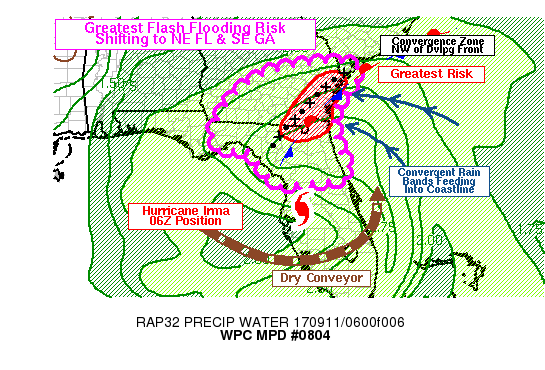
AREAS AFFECTED...NORTHEAST FL...SOUTHEAST GA

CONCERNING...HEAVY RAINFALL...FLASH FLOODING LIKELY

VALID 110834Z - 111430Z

SUMMARY...FLASH FLOODING WILL BE POSSIBLE GENERALLY TO THE NORTH
OF HURRICANE IRMA'S CENTER...WITH THE GREATEST RISK SHIFTING TO
SOUTHEAST GEORGIA AND FAR NORTHEAST FLORIDA.

DISCUSSION...DRY AIR IN THE MID-UPPER LEVELS OF THE TROPOSPHERE
WAS CONTINUING TO WRAP AROUND THE SOUTHERN SIDE OF IRMA'S
CIRCULATION...EVIDENT ON CIRA LAYER TPW PRODUCTS IN THE 700-500MB
AND 500-300MB LAYERS. A NARROW CHANNEL OF THIS DRY AIR HAD EVEN
WRAPPED AROUND TO THE NORTHEAST SIDE OF IRMA...IMMEDIATELY BEHIND
A PRIMARY SPIRAL RAIN BAND. THIS SHOULD LIMIT THE RAIN RATES IN
THE SOUTHERN SEMICIRCLE OF IRMA DESPITE CONTINUED ABUNDANT
LOW-LEVEL MOISTURE...RAIN SOUTH OF THE I-4 CORRIDOR WILL TREND
INCREASINGLY TOWARD SHALLOW TROPICAL RAIN SHOWERS.

TO THE NORTH...FLASH FLOODING WILL BE POSSIBLE ACROSS THE
HIGHLIGHTED AREA...BUT THE GREATEST RISK WILL BE SHIFTING INTO FAR
NORTHEAST FLORIDA AND SOUTHEAST GEORGIA. A FRONT WAS BECOMING
BETTER DEFINED IN SURFACE OBSERVATIONS FROM NEAR CROSS CITY (KCTY)
TO NEAR ST. SIMONS ISLAND (KSSI). LOW-LEVEL (1000-850MB)
FRONTOGENESIS WAS MARKEDLY INCREASING ALONG AND JUST TO THE
NORTHWEST OF THE SURFACE THETAE GRADIENT AND THIS SHOULD BECOME A
FOCUS FOR HEAVY RAIN OVER THE NEXT SEVERAL HOURS. HI-RES MODELS
APPEAR TO HAVE LATCHED ONTO THIS IDEA AS THEY UNANIMOUSLY SHOW A
HEAVY RAIN SIGNAL IN THE SAME AREA. ALMOST ALL SHOW BROAD 4 INCH
RAINFALL TOTALS IN THE SIX HOURS FROM 09-15Z...WITH MAXIMUM
AMOUNTS IN EXCESS OF 7 INCHES.

HOWEVER...THE HI-RES MODELS MAY BE PLACING THE AXIS OF HIGHEST QPF
TOO FAR INLAND. RAP ANALYSIS SHOWS THE HIGHEST INSTABILITY IS
WITHIN 20-30 MILES OF THE COAST AND PARTICULARLY OUT OVER THE
ATLANTIC OCEAN. CONVERGENT RAIN BANDS DEVELOPING IN THIS
ENVIRONMENT HAVE BEEN THE MOST PROLIFIC RAIN PRODUCERS THROUGHOUT
IRMA'S TREK THROUGH FLORIDA...AND THIS IS LIKELY BECAUSE THE
INSTABILITY IS ENABLING DEEPER CONVECTION. RAIN RATES AND
REFLECTIVITY LEVELS TEND TO DIMINISH AS THE RAIN BANDS PROPAGATE
FURTHER INLAND. THEREFORE...THE GREATEST RISK OF FLASH FLOODING IS
LIKELY TO BE VERY NEAR THE I-95 CORRIDOR FROM JACKSONVILLE METRO
TO NEAR SAVANNAH. OBSERVING SITES THAT HAVE RECEIVED THESE
SIGNIFICANT RAIN BANDS OVERNIGHT HAVE OBSERVED AN INCH OF RAIN
FALLING IN AS LITTLE AS 10-20 MINUTES...AND HOURLY RAIN RATES
EXCEEDING 3 IN/HR WILL CONTINUE TO BE POSSIBLE...PARTICULARLY
WHERE THE CONVERGENT RAIN BANDS INTERSECT WITH THE DEVELOPING
FRONT.

AS IRMA BEGINS TO HAVE MORE OF A WESTERLY COMPONENT TO ITS
MOTION...THE RAIN BANDS FEEDING IN OFF THE ATLANTIC MOTION SHOULD
GAIN LATITUDE SLOWER THAN HAS BEEN OBSERVED OVERNIGHT...AND SOME
STALLING IS POSSIBLE. IN FACT...AS OF 0830Z...ONE SUCH BAND WAS
RELATIVELY STATIONARY FROM BRUNSWICK EAST ROUGHLY ALONG 31N. THIS
IS A SIGN THAT PERSISTENT RAIN BANDS COULD FEED INTO COASTAL
GEORGIA THROUGH THE MORNING HOURS.

FURTHER TO THE WEST AND NORTHWEST...RAIN RATES SHOULD BE
LOWER...WITH A LACK OF INSTABILITY AND PRIMARY FORCING GENERALLY
ASSOCIATED WITH AN EVOLVING LOW-MID LEVEL DEFORMATION ZONE AS IRMA
CONTINUES TO INTERACT WITH A JET STREAK OVER THE MID SOUTH.
HOWEVER...GIVEN THE TROPICAL ENVIRONMENT...A FLOOD THREAT MAY
BEGIN TO GRADUALLY DEVELOP UNTIL IRMA'S CENTER DRAWS CLOSER.